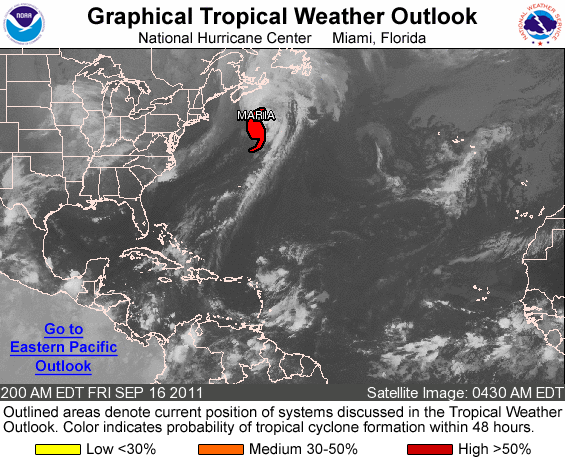
FOR THE NORTH ATLANTIC...CARIBBEAN SEA AND THE GULF OF MEXICO...

THE NATIONAL HURRICANE CENTER IS ISSUING ADVISORIES ON HURRICANE MARIA...LOCATED SEVERAL HUNDRED MILES SOUTHWEST OF CAPE RACE NEWFOUNDLAND.

ELSEWHERE...TROPICAL CYCLONE FORMATION IS NOT EXPECTED DURING THE NEXT 48 HOURS.

FORECASTER AVILA